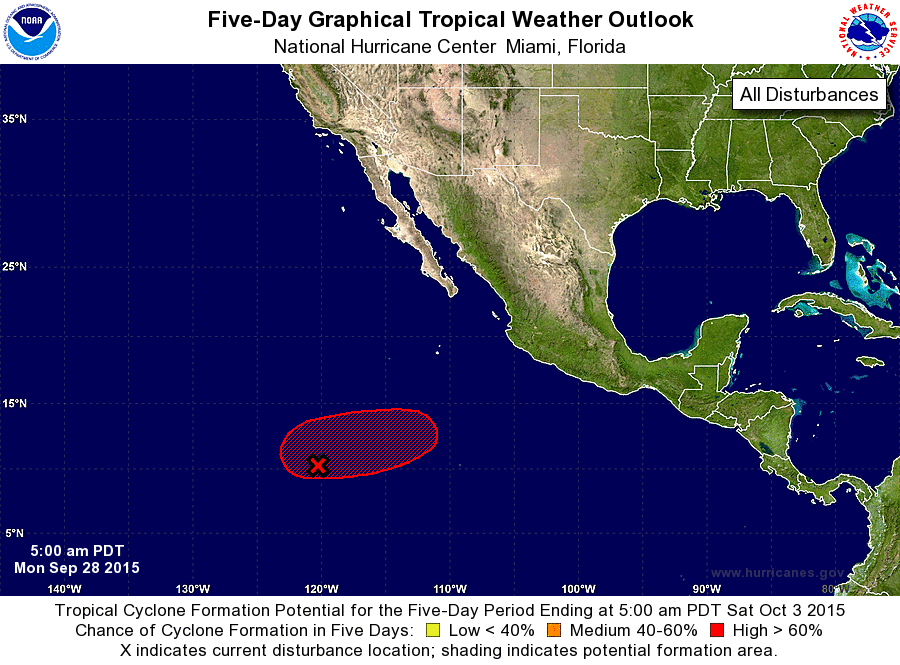
For the eastern North Pacific...east of 140 degrees west longitude:

The National Hurricane Center is issuing advisories on Tropical Storm Marty, located a couple of hundred miles south-southwest of Zihuatanejo, Mexico.

1. An area of low pressure is expected to form within an elongated surface trough several hundred miles south-southwest of the southern tip of the Baja California peninsula during the next day or two. Environmental conditions are expected to be conducive for development of this system, and a tropical depression is likely to form later this week while the low moves east-northeastward to northeastward.
* Formation chance through 48 hours...low...20 percent
* Formation chance through 5 days...high...70 percent

Forecaster Kimberlain